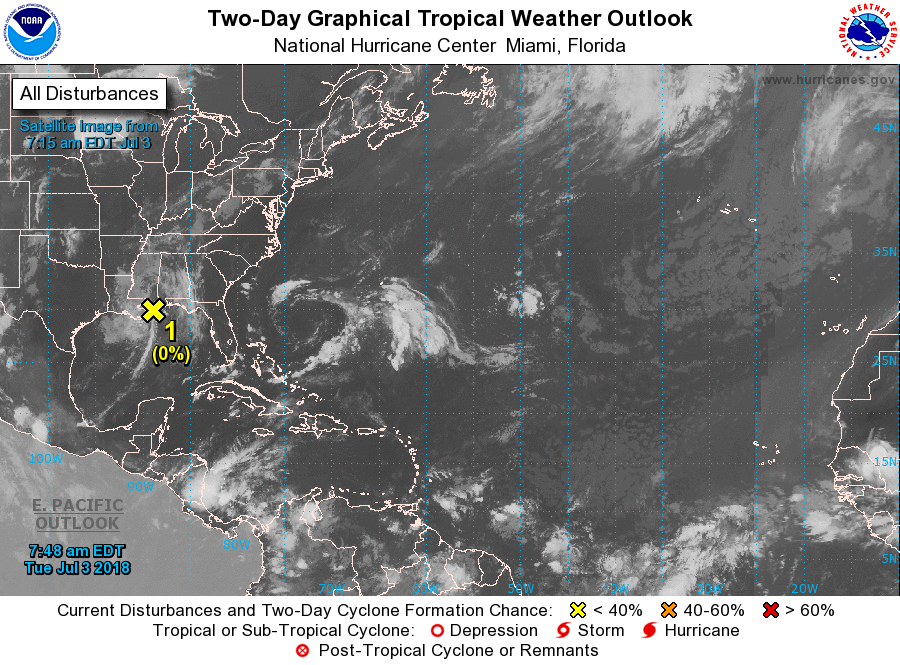
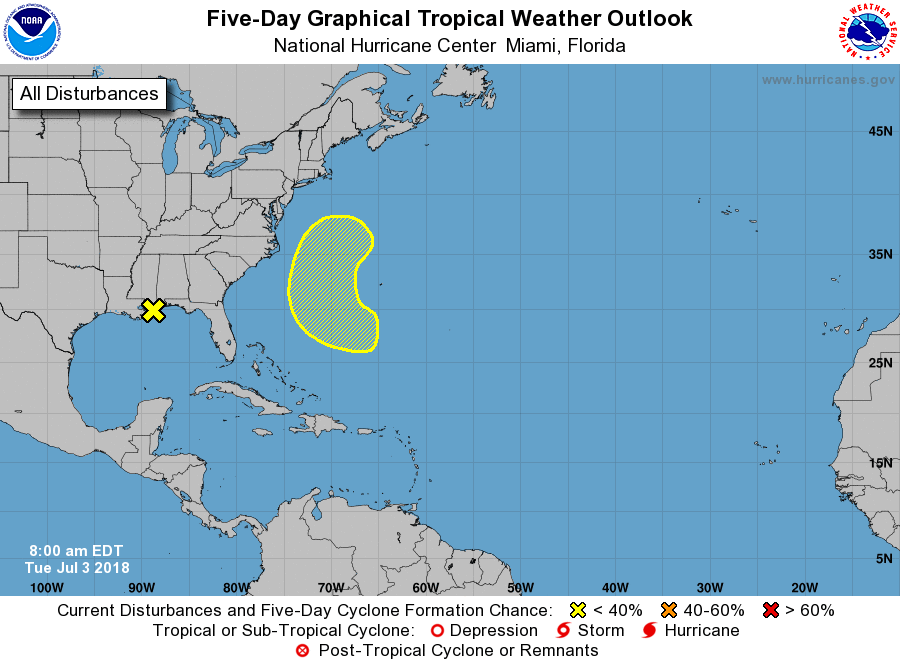
For the North Atlantic...Caribbean Sea and the Gulf of Mexico:

1. An area of low pressure continues to produce disorganized showers and thunderstorms along portions of the northern Gulf Coast. Although this disturbance is moving inland over southeastern Louisiana and development is not expected, locally heavy rainfall is possible over southern Louisiana and southeastern Texas during the next couple of days. Additional information on this system can be found in products issued by your local National Weather Service office.
* Formation chance through 48 hours...low...near 0 percent.
* Formation chance through 5 days...low...near 0 percent.

2. A non-tropical low pressure system associated with an upper-level trough is expected to form southwest of Bermuda in a couple of days. The system could gradually acquire tropical characteristics later this week while it moves northwestward to northward. The disturbance is expected to interact with a front on Sunday and development is unlikely after that time.
* Formation chance through 48 hours...low...near 0 percent.
* Formation chance through 5 days...low...20 percent.

Forecaster Zelinsky